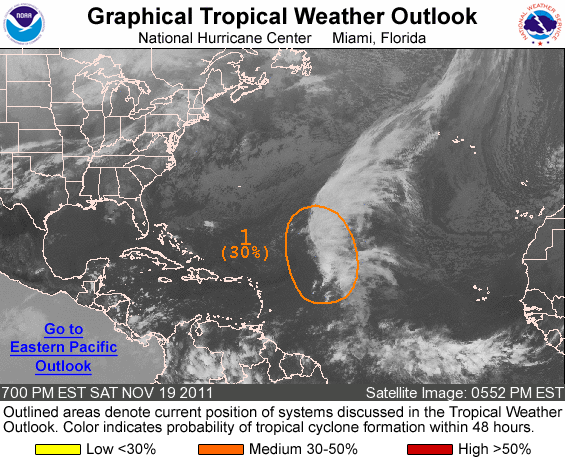
FOR THE NORTH ATLANTIC...CARIBBEAN SEA AND THE GULF OF MEXICO...

1. SATELLITE IMAGERY AND SURFACE OBSERVATIONS INDICATE THAT A BROAD LOW PRESSURE AREA HAS FORMED OVER THE CENTRAL ATLANTIC OCEAN ABOUT 700 MILES NORTHEAST OF THE LEEWARD ISLANDS. WHILE THE ASSOCIATED CLOUDINESS AND SHOWERS ARE POORLY ORGANIZED...CONTINUED SLOW DEVELOPMENT OF THIS SYSTEM IS POSSIBLE DURING THE NEXT COUPLE OF DAYS AS IT MOVES SLOWLY NORTHWARD. THERE IS A MEDIUM CHANCE... 30 PERCENT...OF SUBTROPICAL OR TROPICAL CYCLONE FORMATION FROM THIS SYSTEM DURING THE NEXT 48 HOURS.

ELSEWHERE...TROPICAL CYCLONE FORMATION IS NOT EXPECTED DURING THE NEXT 48 HOURS.

FORECASTER BEVEN